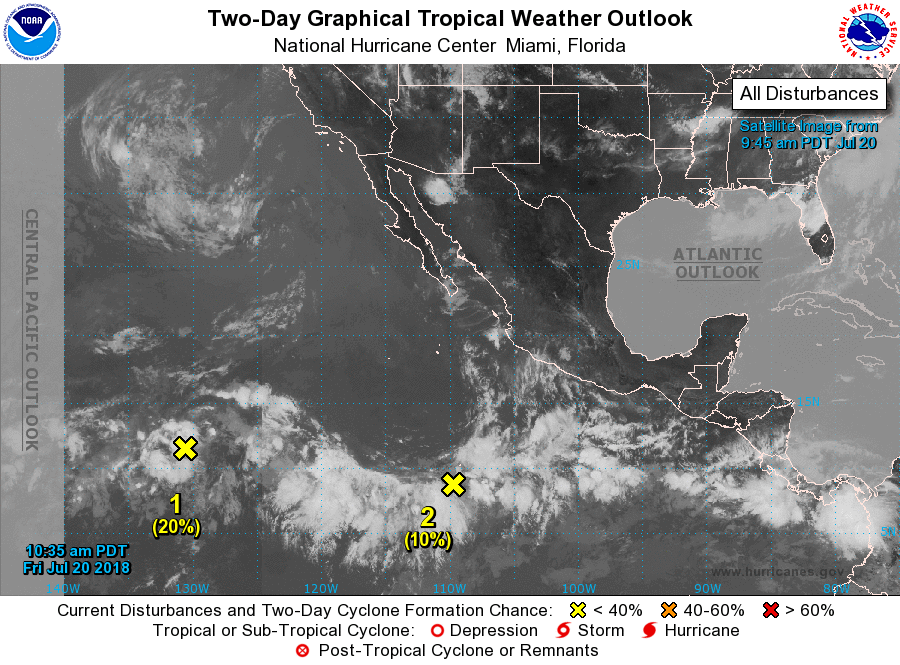
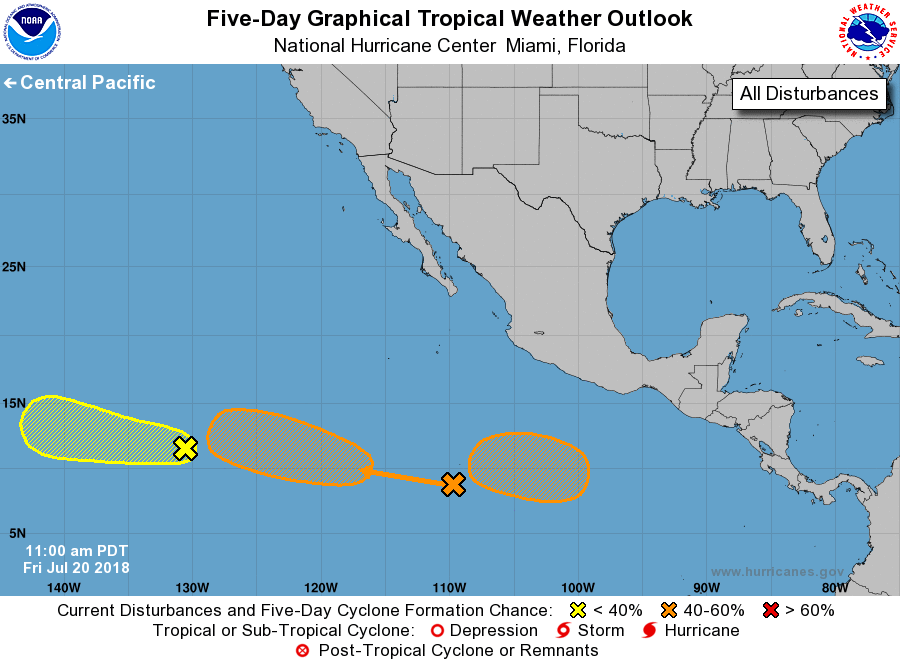
For the eastern North Pacific...east of 140 degrees west longitude:

1. Showers and thunderstorms remain disorganized in association with a broad low pressure area located about 1500 miles southwest of the southern tip of the Baja California peninsula. Some slow development of this system is possible during the next couple of days before upper-level winds become too strong for development. This system is expected to move westward at 15 to 20 mph and cross into the Central Pacific basin late this weekend.
* Formation chance through 48 hours...low...20 percent.
* Formation chance through 5 days...low...30 percent.

2. A large area of disturbed weather is located several hundred miles southwest of Acapulco, Mexico. Environmental conditions appear conducive for gradual development of this system, and a tropical depression could form early next week. This disturbance is expected to move west-northwestward at 15 to 20 mph during the next several days.
* Formation chance through 48 hours...low...10 percent.
* Formation chance through 5 days...medium...60 percent.

3. An area of low pressure is likely to form early next week several hundred miles south of the southern coast of Mexico. Environmental conditions appear to be conducive for gradual development of this system while it moves westward or west-northwestward well south of Mexico.
* Formation chance through 48 hours...low...near 0 percent.
* Formation chance through 5 days...medium...40 percent.

Forecaster Cangialosi